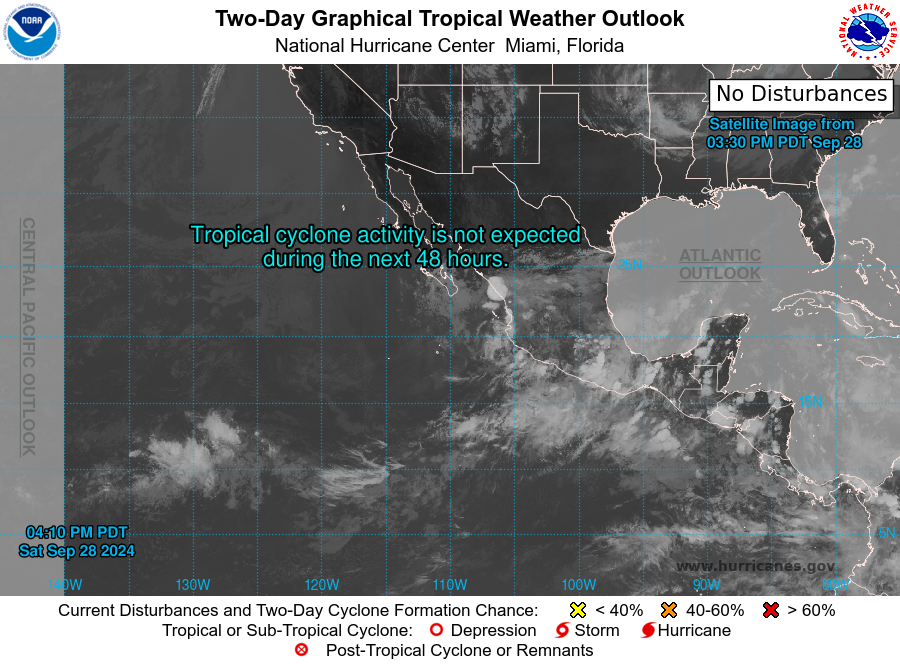
For the eastern North Pacific...east of 140 degrees west longitude:

1. Offshore of Southern and Southwestern Mexico: An area of low pressure could form off the coast of southern or southwestern Mexico during the early to middle part of next week. Thereafter, some slow development is possible while the system drifts westward or northwestward.
* Formation chance through 48 hours...low...near 0 percent.
* Formation chance through 7 days...low...30 percent.

Forecaster Reinhart